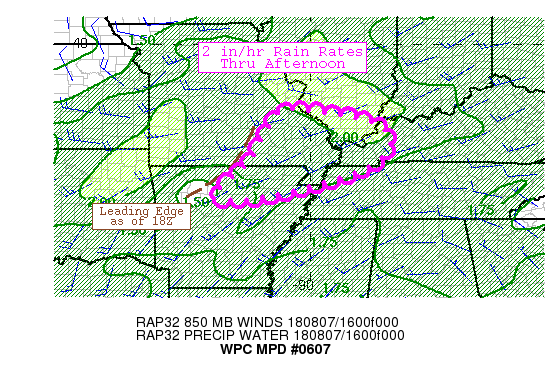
Areas affected...Portions of the Mid-South states

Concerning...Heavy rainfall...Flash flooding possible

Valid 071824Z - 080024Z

Summary...A developing line of heavy thunderstorms will continue
to progress east from the Ozarks to the Mississippi River through
the rest of the afternoon with heavy prefrontal development making
for an isolated flash flood threat over the Mid-South.

Discussion...Latest radar/satellite trends indicate increasing
shower/thunderstorm coverage across southeast Missouri and
southern Illinois which is ahead of a line of thunderstorms over
southern Missouri/northern Arkansas (over the north-central Ozarks
at 18Z). This activity is ahead of a deep trough axis over the
east-central Great Plains.

Southwesterly flow ahead of the trough has allowed dewpoints in
the low to mid 70s and precipitable water values of 1.75-2 inches
which is a 1.5 standardized anomaly over normal. Heavy downpours
are expected within the showers/storms.

12Z CAMs (ARW/ARW2/NMMB) focus 18-00Z precipitation around St.
Louis. However, mid-level clouds on GOES-16 imagery across central
MO and radar trends suggest the threat is farther south in MO and
around the mid-Mississippi Valley. Rain rates of 2 in/hr have
already been estimated by NEXRAD which is expected to continue.
Flash flood guidance is high (2-3in/hr) given only scattered
precipitation over the past week and below normal precipitation
for the past month. A loss of terrain as this activity moves east
is also a detriment to flash flood potential. Therefore, flash
flooding is expected to be isolated in this area this afternoon
particularly as the line crosses areas impacted by the prefrontal
thunderstorms and is considered possible.